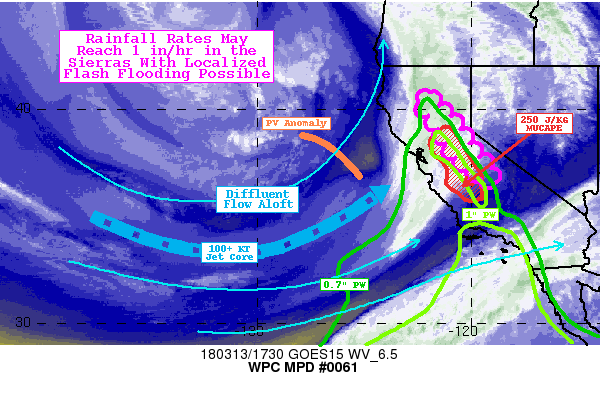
AREAS AFFECTED...UPSLOPE PORTIONS OF THE SIERRA NEVADA

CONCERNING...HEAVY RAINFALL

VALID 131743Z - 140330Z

SUMMARY...HEAVY RAIN SHOWERS AND THUNDERSTORMS WILL BE
INCREASINGLY LIKELY THIS AFTERNOON IN THE UPSLOPE REGIONS OF THE
SIERRA NEVADA. RAIN RATES MAY REACH 1 IN/HR...WHICH COULD LEAD TO
LOCALIZED FLASH FLOODING.

DISCUSSION...GOES-15 WATER VAPOR LOOPS SHOW A BROADLY DIFFLUENT
UPPER LEVEL FLOW PATTERN OVER THE STATE OF CALIFORNIA IN THE EXIT
REGION OF A CYCLONICALLY CURVED 100+ KNOT JET STREAK...AND
DOWNSTREAM OF A TROUGH AXIS IN THE NORTHEAST PACIFIC. A +PV
ANOMALY ROTATING AROUND THE TROUGH WAS ALSO NOTED BOTH IN RAP
ANALYSIS AND GOES-15 WATER VAPOR AS A LOBE OF WARMER BRIGHTNESS
TEMPERATURES AROUND 37N/125W AT 17 UTC. IN THE REGION OF STRONGEST
DIVERGENCE (IMMEDIATELY DOWNSTREAM FROM THE PV ANOMALY AND EASTERN
PERIPHERY OF THE UPPER LEVEL JET)...A WEDGE OF COLDER BRIGHTNESS
TEMPERATURES WAS OBSERVED ON SATELLITE...AND THIS CAN BE A
REASONABLY PROXY FOR THE LOCATION OF STRONGEST QG FORCING AT THE
CURRENT TIME.

A BROAD PLUME OF MOISTURE EXTENDED INTO CALIFORNIA...WITH
PRECIPITABLE WATER VALUES AS HIGH AS 1 INCH INTO THE SAN JOAQUIN
VALLEY AND A POSSIBLE SUBTROPICAL CONNECTION PER NESDIS SAB
ANALYSIS AND MIMIC-TPW LOOPS. THEREFORE...AVAILABLE MOISTURE IS
CERTAINLY SUFFICIENT FOR HEAVY RAINFALL RATES...AND THIS WILL BE
ENHANCED BY AVAILABLE INSTABILITY. OBJECTIVE RAP ANALYSIS AT 17Z
SHOWED AROUND 500 J/KG OF MUCAPE IN THE CENTRAL VALLEY...CENTERED
AROUND STOCKTON. VALUES THIS HIGH SUGGEST THAT RAIN RATES ON THE
ORDER OF THE PRECIPITABLE WATER VALUES (1 INCH) MAY BE ACHIEVABLE
AS AN HOURLY RAIN RATE. THE 12Z HREF AGREES WITH THIS NOTION...AS
ITS NEIGHBORHOOD PROBABILITY OF 1 IN/HR RAIN RATES EXCEEDS 30
PERCENT FROM 21-00Z IN THE CORRIDOR FROM KPVF (PLACERVILLE) TO
JUST SOUTH OF THE YOSEMITE VALLEY.

LIGHTNING HAS ALREADY BEEN OBSERVED AS OF 1730Z...A GOOD
INDICATION THAT CONVECTIVE RAIN BANDS AND THUNDERSTORMS WILL BE
LIKELY INTO THE AFTERNOON HOURS AS INSTABILITY IS LIKELY TO BE
MAINTAINED OR EVEN INCREASE SLIGHTLY (PER RAP AND HRRR 0-12HR
FORECASTS). IN FACT...A 15Z HRRR SOUNDING NEAR THE YOSEMITE VALLEY
VALID AT 23Z HAS AROUND 800 J/KG OF CAPE ROOTED VERY CLOSE TO THE
SURFACE....WITH STRONG LOW-MID LEVEL FLOW. THE COMBINATION OF
REASONABLY STRONG INSTABILITY FOR THIS REGION AND STRONG UPSLOPE
FLOW SHOULD LEAD TO HEAVY RAIN RATES IN UPSLOPE REGIONS OF THE
SIERRA NEVADAS. 1 IN/HR RAIN RATES HAVE AROUND A 10 PERCENT ANNUAL
EXCEEDANCE PROBABILITY...AND ARE CLOSE TO FLASH FLOOD GUIDANCE IN
THE REGION. THEREFORE...LOCALIZED FLASH FLOODING WILL ALSO BE
POSSIBLE. HOWEVER...THE TRANSIENT NATURE OF THE HEAVIEST RAIN
RATES SHOULD KEEP THE THREAT SOMEWHAT ISOLATED.